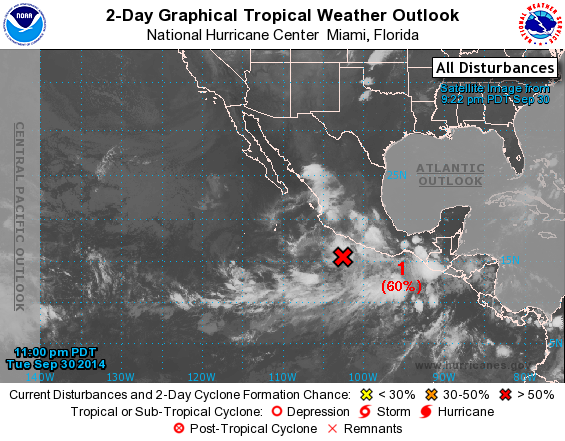
For the eastern North Pacific...east of 140 degrees west longitude:

1. An elongated area of low pressure a few hundred miles south of the southern coast of Mexico has recently shown little change in organization. Environmental conditions conditions are favorable for a tropical depression to form later today or Thursday while the system moves toward the west-northwest or northwest near 10 mph. Regardless of tropical cyclone formation, this disturbance will likely produce locally heavy rains over portions of southern Mexico that could cause flash flooding and mud slides.
* Formation chance through 48 hours...high...60 percent.
* Formation chance through 5 days...high...90 percent.

Forecaster Beven